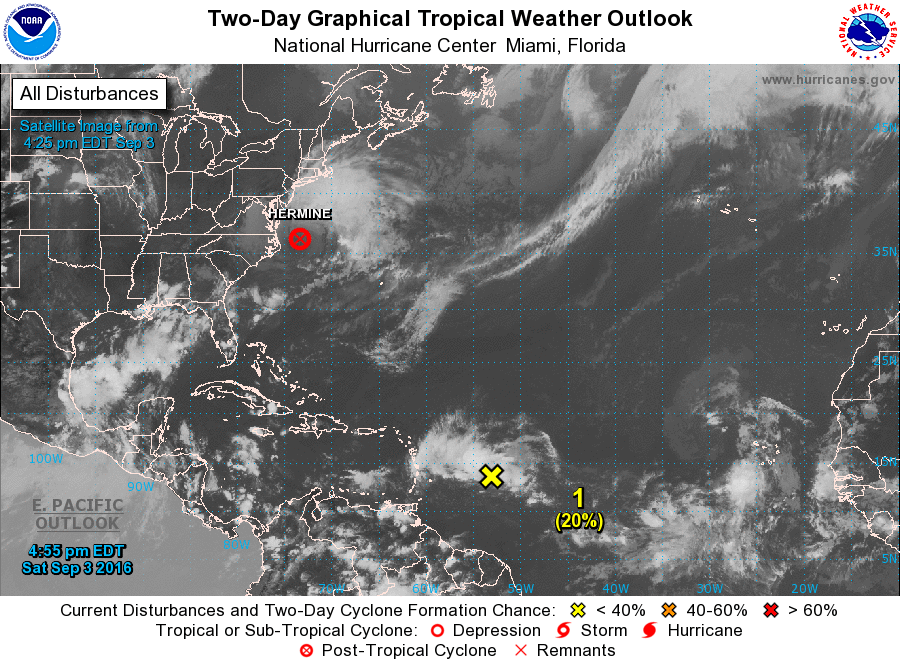
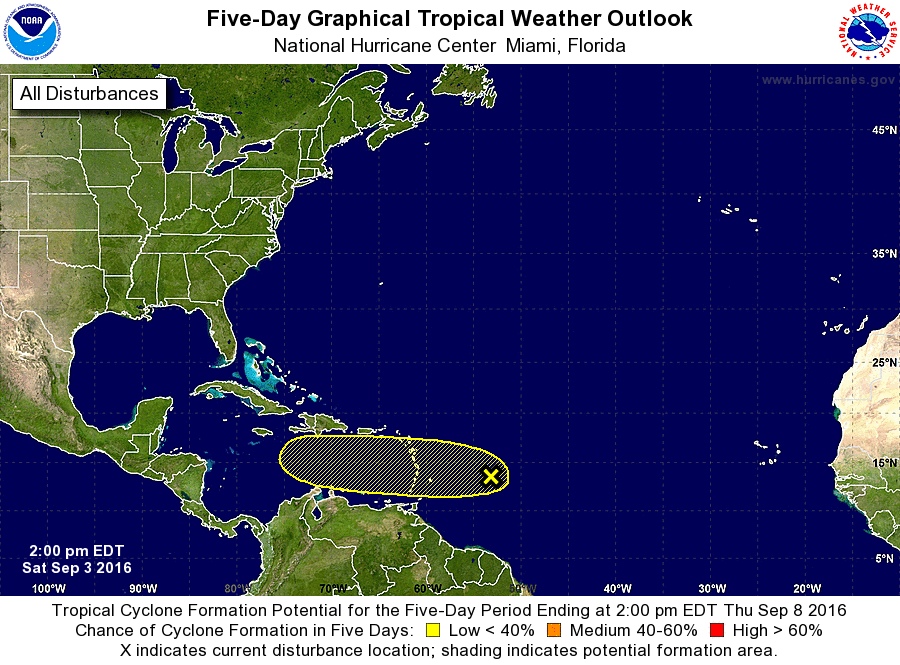
For the North Atlantic...Caribbean Sea and the Gulf of Mexico:

The National Hurricane Center is issuing advisories on Post-Tropical Cyclone Hermine, located just off the coast of the North Carolina Outer Banks.

1. A tropical wave located about 450 miles east of the Lesser Antilles continues to produce a large area of disorganized showers and thunderstorms. Environmental conditions are only marginally conducive, and any development of this system should be slow to occur while it moves westward at 15 to 20 mph. This disturbance is expected to bring locally heavy rainfall and gusty winds to portions of the Lesser Antilles beginning later today through Sunday night.
* Formation chance through 48 hours...low...20 percent
* Formation chance through 5 days...low...30 percent

Forecaster Brown